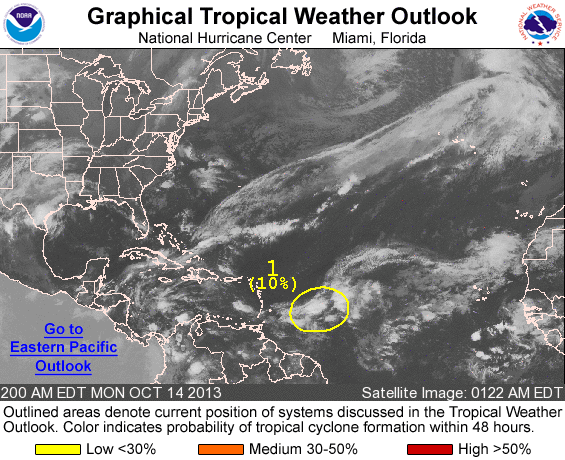
FOR THE NORTH ATLANTIC...CARIBBEAN SEA AND THE GULF OF MEXICO...

1. A TROUGH OF LOW PRESSURE LOCATED SEVERAL HUNDRED MILES EAST OF THE LESSER ANTILLES CONTINUES TO PRODUCE DISORGANIZED SHOWERS AND THUNDERSTORMS. STRONG UPPER-LEVEL WINDS ARE EXPECTED TO PREVENT SIGNIFICANT DEVELOPMENT OF THIS DISTURBANCE DURING THE NEXT SEVERAL DAYS WHILE IT MOVES WEST-NORTHWESTWARD AT ABOUT 10 MPH. THIS SYSTEM HAS A LOW CHANCE...10 PERCENT...OF BECOMING A TROPICAL CYCLONE DURING THE NEXT 48 HOURS AND A LOW CHANCE...10 PERCENT...OF BECOMING A TROPICAL CYCLONE DURING THE NEXT 5 DAYS.

FIVE-DAY FORMATION PROBABILITIES ARE EXPERIMENTAL IN 2013. COMMENTS ON THE EXPERIMENTAL FORECASTS CAN BE PROVIDED AT...

HTTP://WWW.NWS.NOAA.GOV/SURVEY/NWS-SURVEY.PHP?CODE=ETWO

FORECASTER CANGIALOSI